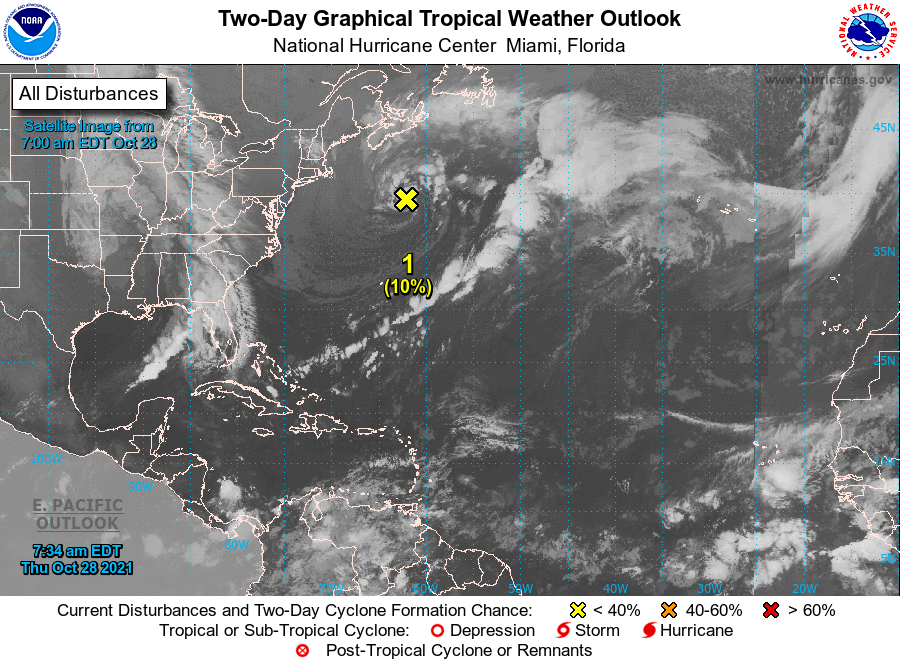
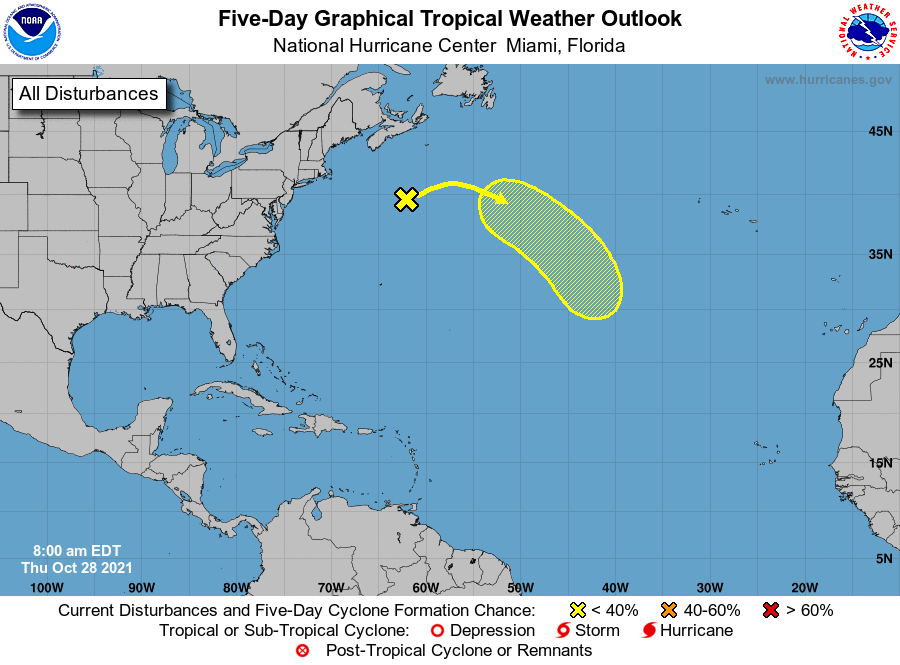
For the North Atlantic...Caribbean Sea and the Gulf of Mexico:

1. A non-tropical low pressure system producing gale-force winds is located a few hundred miles south of Halifax, Nova Scotia. The low should continue moving eastward at about 15 mph through Friday, away from shore. The low is then expected to turn southeastward on Saturday toward slightly warmer waters, and it could acquire some subtropical characteristics over the weekend or early next week while over the central Atlantic. For more information on this system, including gale warnings, see products issued by your local National Weather Service office and High Seas Forecasts issued by the National Weather Service.
* Formation chance through 48 hours...low...10 percent.
* Formation chance through 5 days...low...30 percent.

High Seas Forecasts issued by the National Weather Service can be found under AWIPS header NFDHSFAT1, WMO header FZNT01 KWBC, and online at ocean.weather.gov/shtml/NFDHSFAT1.php

Forecaster Hagen/Latto